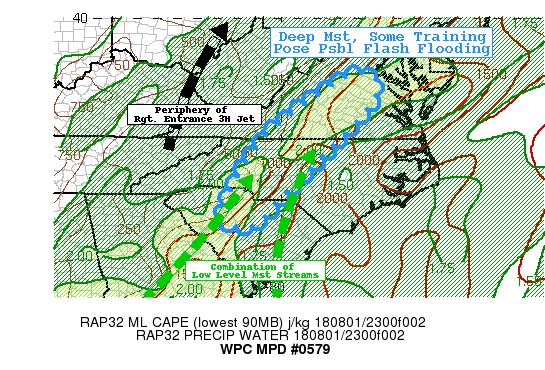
Areas affected...South Central VA...Central NC...Central SC...

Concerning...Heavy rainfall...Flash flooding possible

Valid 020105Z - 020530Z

SUMMARY...Favorable training/redevelopment environment with deep
rich moisture pose possible flash flooding threat through early
overnight...

DISCUSSION...Return southerly flow along western edge of
subtropical ridge combined with the large scale eastern trof
atmospheric river of moisture from the southern Gulf and western
Caribbean leading to a ribbon of Total PWATs in excess of 2" from
central GA to central VA toward the southern Chesapeake Bay.
While, lapse rates are modest in the deeper moisture plume, the
interface with some mid-level drying and increased lapse rates
over Coastal Carolinas places the gradient of instability
accessible to developing convection within the main q-axis.
Cells/updrafts would be supported by 1500-2000 J/kg of MLCAPE that
will be waning with time.  Modest right jet entrance ascent also
supports deeper development with some organization to maintain
updrafts beyond initial development.  Regional RADARs mosaic does
denote the tilted (toward the west) nature of some of the updrafts
and loosely organized nature along prior outflow boundaries that
organized this round. Given deep moisture, rates up to 2"/hr are
likely with these cells.

VWP network depicts low level inflow is a bit stronger than
progged (still in the 25-30kt range in the 85-7H layer) and is
favorably aligned with the mean cloud bearing flow to support some
weak back-building/upstream redevelopment to support
training/repeat convective tracks over the next few hours, this is
particularly true further south into SC/S NC where new development
would not be robbed by upstream cells (as the case in Central
VA... which should see weakening trends earlier than south).  All
in all, with the rates and training environment 2-3" totals are
possible in spots and would be near 1 and 3hr FFG values in the
area making flash flooding possible tonight.